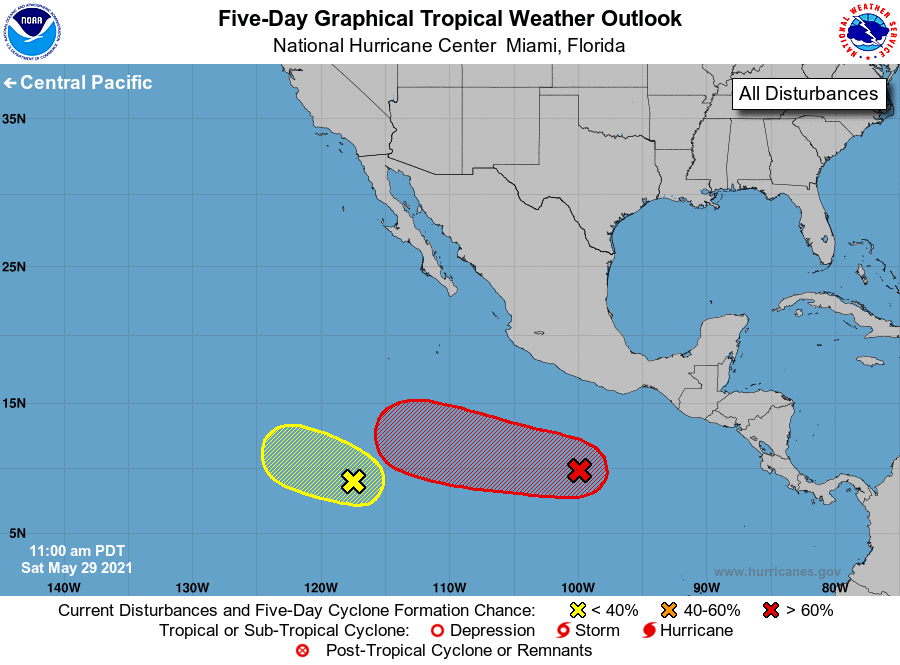
For the eastern North Pacific...east of 140 degrees west longitude:

1. Shower activity associated with a weak area of low pressure located about 1000 miles south-southwest of the southern tip of the Baja California peninsula remains disorganized. This system is expected to move generally westward at 5 to 10 mph into a drier and more stable airmass during the next few days, and its chance of development appears to be decreasing.
* Formation chance through 48 hours...low...10 percent.
* Formation chance through 5 days...low...20 percent.

2. A broad area of low pressure located several hundred miles south of Acapulco, Mexico, continues to produce disorganized shower and thunderstorm activity. However, environmental conditions are expected to be conducive for development of this system during the next several days, and a tropical depression is likely to form by the middle of next week while the system moves westward to west-northwestward at about 10 mph.
* Formation chance through 48 hours...medium...40 percent.
* Formation chance through 5 days...high...70 percent.

Forecaster Berg